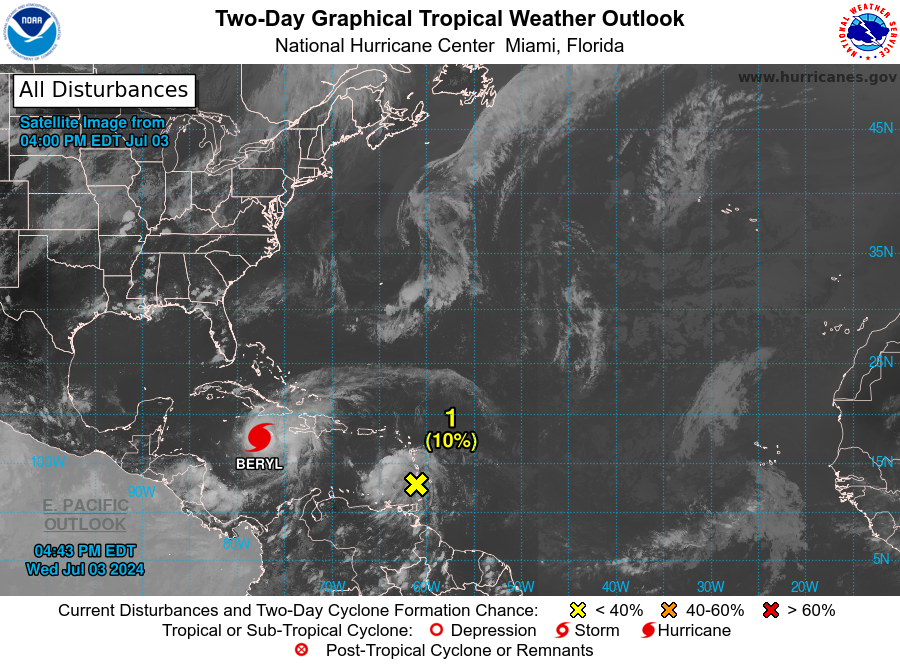
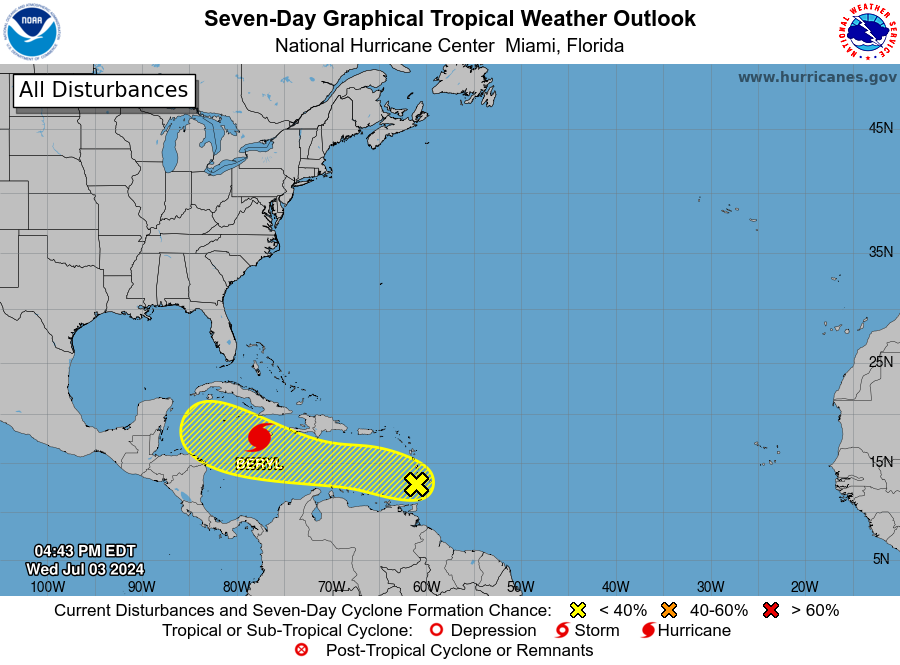
For the North Atlantic...Caribbean Sea and the Gulf of Mexico:

Active Systems: The National Hurricane Center is issuing advisories on Hurricane Beryl, located over the central Caribbean Sea.

1. Windward Islands and Eastern Caribbean Sea (AL96): A tropical wave located near the Windward Islands continues to produce an area of disorganized shower and thunderstorm activity. Development, if any, of this system should be slow to occur while it moves quickly westward to west-northwestward at 20 to 25 mph across the Caribbean Sea during the next few days. Regardless of development, gusty winds and locally heavy rainfall are possible across portions of the Lesser Antilles through this evening.
* Formation chance through 48 hours...low...10 percent.
* Formation chance through 7 days...low...20 percent.

Forecaster Brown